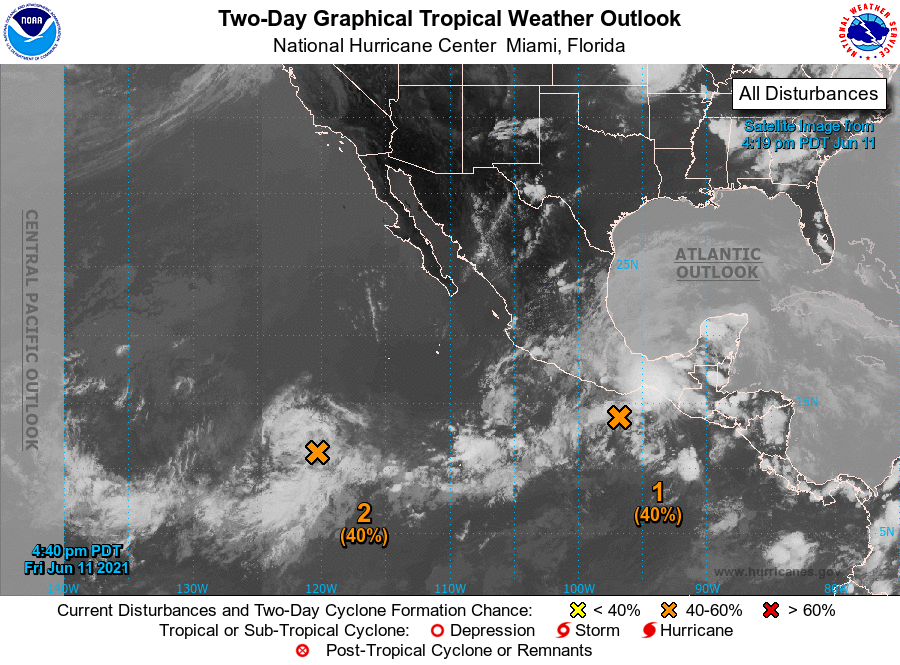
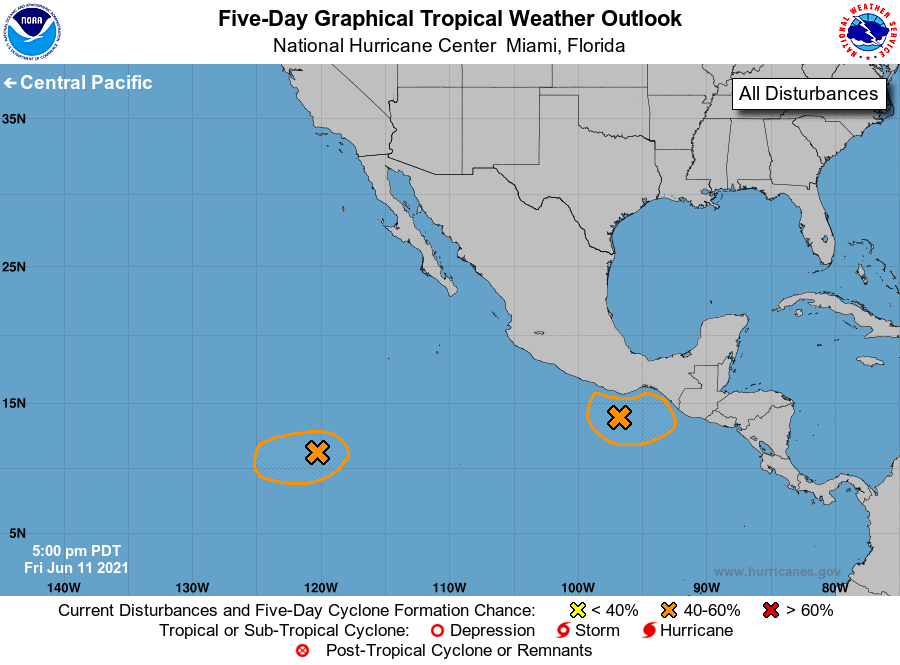
For the eastern North Pacific...east of 140 degrees west longitude:

1. Showers and thunderstorms have changed little in organization today in association with a broad area of low pressure located about a hundred miles south of Puerto Angel, Mexico. Environmental conditions appear somewhat conducive for additional development, and a tropical depression could still form by this weekend, as long as the system remains over water while drifting north-northeastward. Heavy rainfall will be possible over portions of Central America and southern Mexico through early next week. See products from your local meteorological service for more information.
* Formation chance through 48 hours...medium...40 percent.
* Formation chance through 5 days...medium...50 percent.

2. Showers and thunderstorms have changed little in organization this afternoon in association with a broad area of low pressure located about 1100 miles southwest of the southern tip of the Baja California peninsula. Environmental conditions appear marginally conducive for some additional development over the next few days, and a tropical depression could form by early next week while the system moves slowly westward.
* Formation chance through 48 hours...medium...40 percent.
* Formation chance through 5 days...medium...40 percent.

Forecaster Papin/Pasch